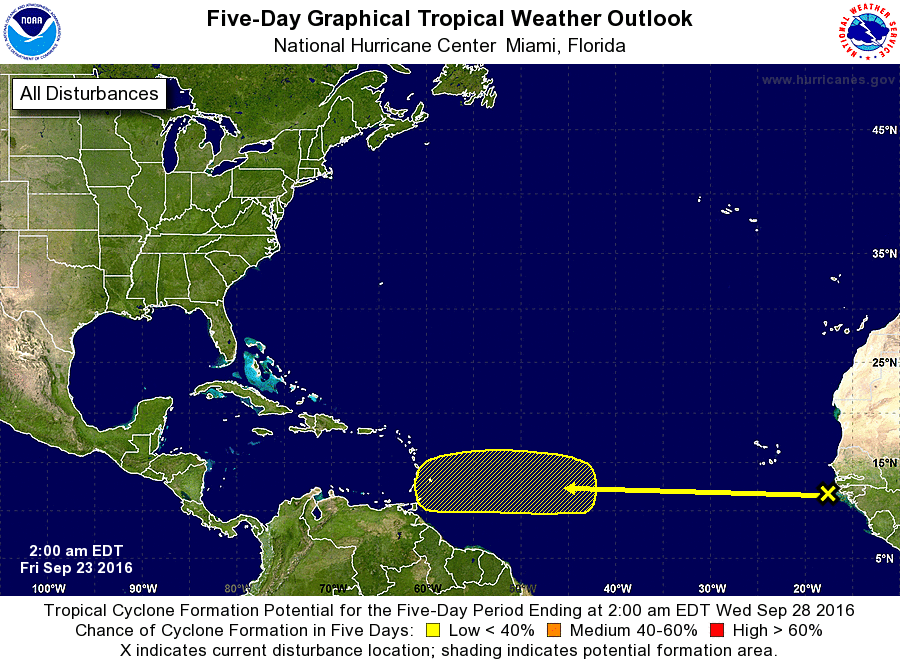
For the North Atlantic...Caribbean Sea and the Gulf of Mexico:

The National Hurricane Center is issuing advisories on Tropical Storm Karl, located several hundred miles south of Bermuda, and on Tropical Storm Lisa, located over the eastern tropical Atlantic.

1. A tropical wave near the west coast of Africa is expected to move rapidly westward across the tropical Atlantic Ocean at 20 to 25 mph for the next several days. Environmental conditions could be conducive for some gradual development while the system approaches the Lesser Antilles early next week.
* Formation chance through 48 hours...low...near 0 percent
* Formation chance through 5 days...low...20 percent

Forecaster Avila